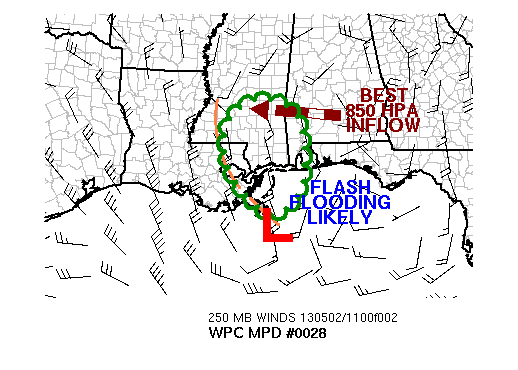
AREAS AFFECTED...SOUTHERN MS AND SOUTHERN AL

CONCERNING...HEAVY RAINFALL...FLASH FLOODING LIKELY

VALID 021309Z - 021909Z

SUMMARY...NEW THUNDERSTORM ACTIVITY IS DEVELOPING WITHIN AN AREA
WHICH RECEIVED SIGNIFICANT RAINS OVERNIGHT, WHICH WILL LEAD TO
FLASH FLOODING THIS MORNING INTO EARLY THIS AFTERNOON.

DISCUSSION...RECENT RADAR IMAGERY SHOWS A SMALL REDEVELOPING BAND
OF CONVECTION ACROSS SOUTHERN MS OVER AREAS DELUGED DURING THE
PAST 18 HOURS, WHICH PREVIOUSLY DROPPED THREE-HOUR FLASH FLOOD
GUIDANCE (FFG) VALUES UNDER AN INCH.  THE SYNOPTIC AND MESOSCALE
PATTERN IS TRICKY IN THIS REGION, AS THE BEST LOW-LEVEL
CONVERGENCE LIES ALONG AN INVERTED TROUGH ACROSS SOUTHEAST LA AND
SOUTHWEST MS, WHERE IT IS EXPECTED TO PERSIST INTO THIS AFTERNOON.
 HOWEVER, A DEEP-LAYERED LOW NEAR THE MOUTH OF THE MS RIVER IS
EXPECTED TO SHIFT EASTWARD INTO THE NORTHERN GULF OF MEXICO, WHICH
FORCES THE BETTER DIVERGENCE ALOFT OVER SOUTHERN MS AND SOUTHERN
AL AND OUT OF SOUTHEAST LA WITH TIME.  PROPAGATION/ CORFIDI
VECTORS COUNTER THE LOW-LEVEL FLOW, ENHANCING THE THREAT FOR
TRAINING/STALLED CONVECTIVE CELLS ACROSS THIS REGION TODAY.
EXISTING PRECIPITABLE WATER (PW) VALUES ARE OVER 1.5 INCHES AND
THE BEST 850 HPA INFLOW IS A BIT TO THE NORTH OF THE COAST CLOSE
TO THE 32TH PARALLEL.  THE MESOSCALE GUIDANCE IS NOT AGREEABLE
WITH THEIR PRECIPITATION PLACEMENT, WITH THE 00Z NMM FOCUSING
ACTIVITY ALONG THE EAST-WEST PORTION OF THE LA/MS BORDER, WHILE
THE 09-11Z RAP FAVOR SOUTHERN AL.  KEEPING ALL THIS MIND, AND
ACCOUNTING FOR THE UNCERTAINTY, THE AREA WAS DRAWN TO ENCOMPASS AS
MANY FAVORABLE ATTRIBUTES TO FLASH FLOODING AS POSSIBLE.  LOCAL
RAINFALL AMOUNTS OF 2-4 INCHES ARE EXPECTED WITHIN A SHORT TIME
FRAME.